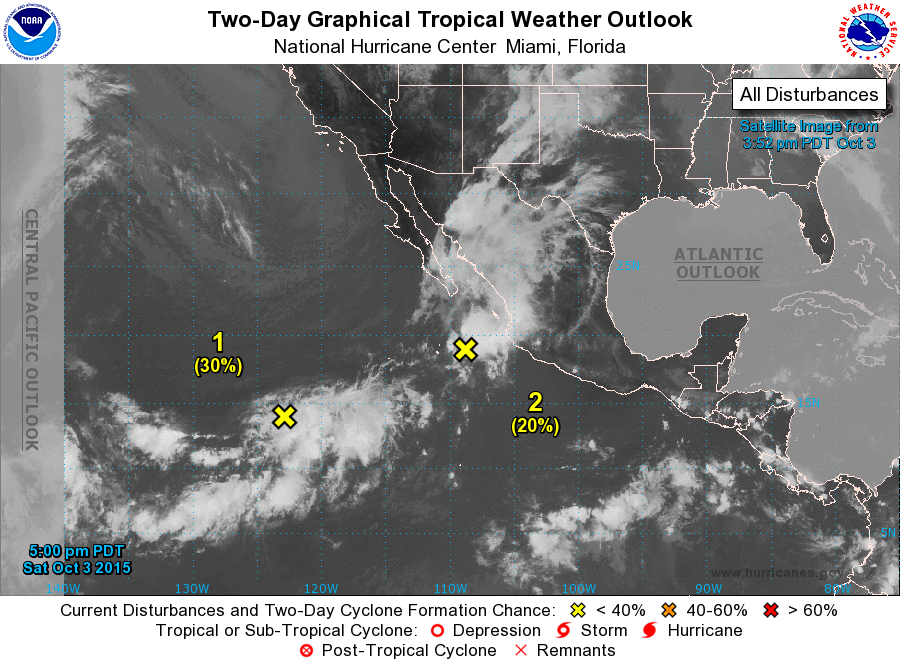
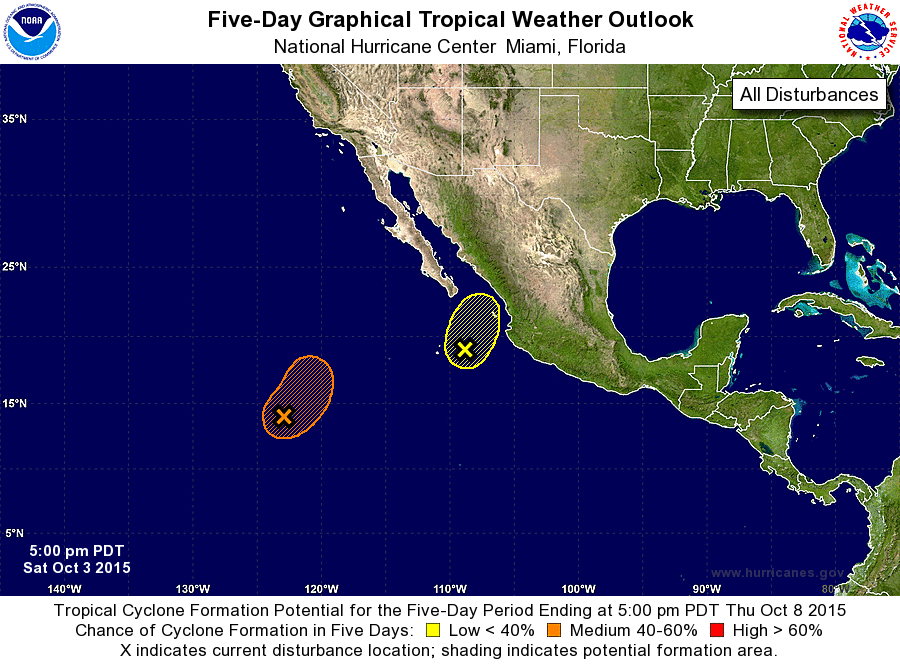
For the eastern North Pacific...east of 140 degrees west longitude:

1. A broad and elongated area of low pressure located about 1050 miles southwest of the southern tip of the Baja California peninsula is producing a large area of disorganized showers and thunderstorms. While some gradual development is possible, environmental conditions are expected to become less favorable during the next few days while this system moves northeastward at about 5 mph.
* Formation chance through 48 hours...low...30 percent
* Formation chance through 5 days...medium...40 percent

2. The remnants of Marty, located about 225 miles west-southwest of Cabo Corrientes, Mexico, continue to produce disorganized shower and thunderstorm activity. Strong upper-level winds are expected to prevent significant development of this system while it moves north-northeastward at about 15 mph toward the Gulf of California during the next day or so. Regardless of development, heavy rainfall is possible over portions of northwestern Mexico through early next week.
* Formation chance through 48 hours...low...20 percent
* Formation chance through 5 days...low...20 percent

Forecaster Berg